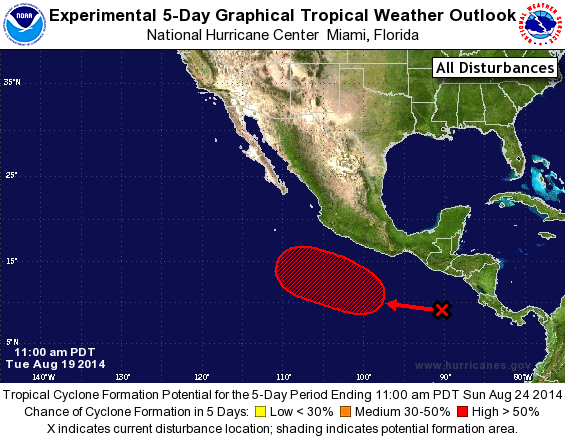
For the eastern North Pacific...east of 140 degrees west longitude:

The National Hurricane Center is issuing advisories on Tropical Storm Karina, located more than a thousand miles east of the Big Island of Hawaii, and on Tropical Storm Lowell, located a little more than 700 miles west-southwest of the southern tip of the Baja California peninsula.

1. A large but disorganized area of showers and thunderstorms located several hundred miles south of the Gulf of Tehuantepec is associated with a tropical wave. A low pressure system is expected to form well south of the coast of Mexico during the next day or two, and environmental conditions are conducive for the low to become a tropical depression by the weekend while it moves toward the west-northwest.
* Formation chance through 48 hours...low...10 percent.
* Formation chance through 5 days...high...70 percent.

Forecaster Avila